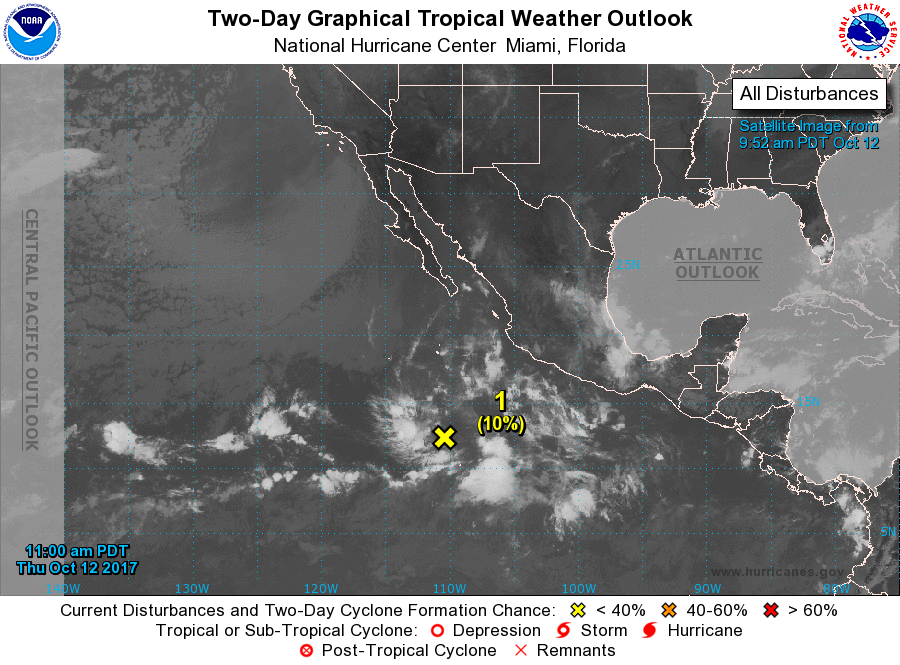
For the eastern North Pacific...east of 140 degrees west longitude:

1. A broad area of low pressure centered about 750 miles south of the southern tip of the Baja California peninsula is producing disorganized showers and thunderstorms. Strong upper-level winds will likely limit development of this system for the next day or so, but some gradual development could occur thereafter while the system moves generally westward at 10 to 15 mph.
* Formation chance through 48 hours...low...10 percent.
* Formation chance through 5 days...low...20 percent.

Forecaster Zelinsky